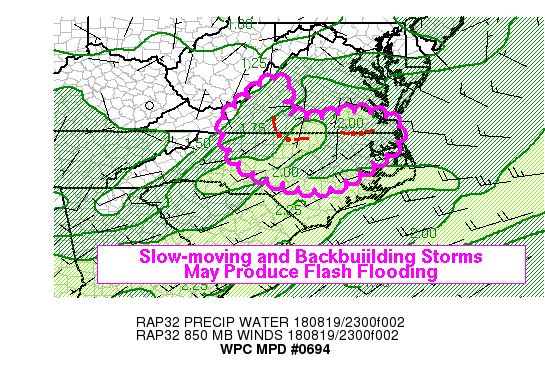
Areas affected...Southern Virginia, North Carolina

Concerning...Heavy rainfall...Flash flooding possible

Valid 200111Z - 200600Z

Summary...Scattered clusters of thunderstorms across portions of
Virginia and North Carolina may persist into the overnight hours,
and are likely to be slow-moving when they do occur. This should
create pockets of locally heavy rainfall, with rates of 2-3 in/hr
and totals over 4 inches possible. This may lead to flash flooding.

Discussion...Widely scattered convective clusters existed around
sunset across Virginia and North Carolina, concentrated near
small-scale convergence zones or along existing outflow
boundaries. The largest, organized clusters (as of 01Z) were
situated near the VA-NC border, and were exhibiting a proclivity
to backbuild into the broad WSW-SW low-level inflow. This was
leading to effectively stationary thunderstorms in some cases,
with KRAX and KFCX dual pol radar estimates and MRMS estimates of
rain rates as high as 3 in/hr. Cold pools, where they existed,
were not particularly strong. Over southern Halifax County, VA,
the temperature had only fallen into the low-70s, only a few
degrees different than the adjacent warm sector with almost no
pressure difference. This is probably due to moist profiles
through most of the tropopause. The 00Z GSO sounding was not
saturated, but the RH was fairly high in all layers and the PW was
around 1.8 inches. This was slightly lower than some GPS-PW
observations just to the east (1.9 to 2.0 inches), but overall
indicative of deep moisture. The result is that new cell growth
has been focused along weak convergence boundaries generated by
thunderstorm outflow, but with a lack of a significant cold pool,
the outflow boundaries have been restrained fairly close to the
original convection. The result is very little effective storm
motion. This may continue with any convective clusters that are
able to grow large enough into the evening and early overnight
hours, setting up the possibility of additional backbuilding,
locally heavy rainfall and flash flooding.

In fact, hi-res models do show continued, almost-random growth of
new convection over the next several hours from southern Virginia
into portions of North Carolina. These likely occur in areas where
low-level convergence is briefly maximized, but models are not
showing any large scale boundaries that would be a particular
focus. Nevertheless, the potential for localized heavy rainfall
with rain rates exceeding 2 in/hr should persist based on the
hi-res model forecasts, and the amount of instability available in
the region (2000-2500 j/kg MLCAPE, weakly capped). The heaviest
rain would be likely in areas where the convective clusters' major
axis is oriented W-E or WSW-ENE, such that new cell growth and
propagation would be aligned to produce a quasi-stationary
training effect. As the boundary layer stabilizes into the
evening, convective coverage could diminish contrary to the
expectations of hi-res models, but the observed boundary layer
profile (GSO sounding, Sfc 78/73) does not leave much room for a
substantial amount of CINH to develop.